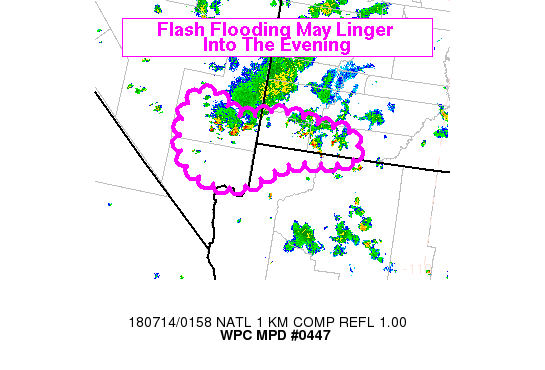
AREAS AFFECTED...SRN NV...SW UT...FAR NW AZ

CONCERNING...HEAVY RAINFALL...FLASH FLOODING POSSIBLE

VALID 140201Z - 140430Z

SUMMARY...SCATTERED THUNDERSTORMS MAY LINGER INTO THE EVENING WITH
THE POTENTIAL FOR LOCALIZED FLASH FLOODING... PARTICULARLY FROM
SOUTHERN LINCOLN COUNTY NEVADA EAST TO NEAR ZION NATIONAL PARK.
RAIN RATES UP TO AROUND 2 IN/HR WILL BE POSSIBLE WITH ANY STRONGER
STORMS THAT CAN BE SUSTAINED FOR AN HOUR OR MORE.

DISCUSSION...RAP MODEL ANALYSIS SHOWS A RIBBON OF SURFACE BASED
CAPE OF AT LEAST 1000 J/KG FROM FAR SRN NEVADA INTO THE
ARIZONA-UTAH BORDER REGION...BUT THAT CINH HAS INCREASED IN THE
PAST SEVERAL HOURS. THIS SHOULD ALLOW CONVECTION TO GRADUALLY
DIMINISH IN COVERAGE AND INTENSITY THIS EVENING... BUT KICX AND
KESX RADARS SHOWED SOME ISOLATED VIGOROUS CONVECTION ONGOING AT
02Z. GIVEN THE AVAILABLE INSTABILITY... THESE STORMS MAY BE ABLE
TO PERSIST FOR ANOTHER COUPLE HOURS. CONVECTION MAY BE MORE
FOCUSED IN FAR SOUTHERN UTAH IN THE VICINITY OF ZION NATIONAL
PARK... WITH UNSTABLE SOUTHWESTERLY INFLOW AROUND 10 KNOTS
(OBSERVED AT KAZC AND KSGU) INTO AN ARC OF SCATTERED STORMS... AND
AN ESTABLISHED COLD POOL TO THE NORTH (TEMPERATURE OF 63 DEGREES
AT KBCE AT 01Z). THIS MAY CREATE A ZONE OF ENHANCED CONVERGENCE IN
THE FAR SOUTHWEST PORTION OF UTAH. THIS REGION OF SW UTAH IS
SUSCEPTIBLE TO FLASH FLOODING WITH NUMEROUS SMALL AND NARROW
BASINS THAT CAN CHANNEL AND FOCUS RUNOFF...SO THIS IS THE AREA
WITH THE GREATEST CHANCE OF FLASH FLOODING OVER THE NEXT SEVERAL
HOURS.

THE STRONGEST INSTABILITY IN THE IMMEDIATE VICINITY EXISTS FROM
NEAR LAS VEGAS SOUTH TOWARD THE MOHAVE VALLEY...AND THERE WILL BE
THE POTENTIAL FOR SLOW-MOVING CONVECTION IN SOUTHERN LINCOLN
COUNTY NEVADA TO BUILD SOUTH INTO THIS AREA OF INSTABILITY...BUT
THE CHANCES OF FLASH FLOODING MAY BE SLIGHTLY LOWER AS COMPARED TO
PARTS OF SW UTAH.